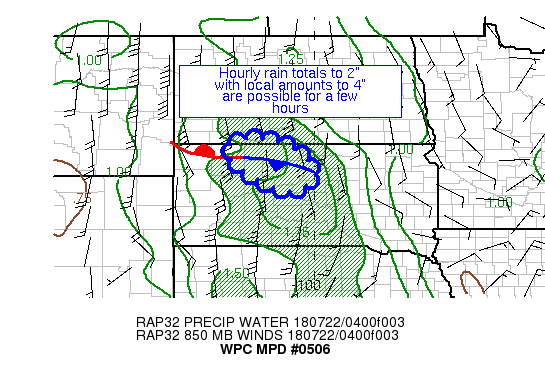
AREAS AFFECTED...NORTH-CENTRAL SD

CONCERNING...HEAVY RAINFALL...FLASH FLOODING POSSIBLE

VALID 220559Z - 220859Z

SUMMARY...THUNDERSTORMS ARE CONGEALING ACROSS NORTHERN SD.  HOURLY
RAIN TOTALS TO 2" WITH LOCAL AMOUNTS TO 4" ARE POSSIBLE.

DISCUSSION...AT THE UPPER LEVELS, A SHORTWAVE MOVING BY TO THE
NORTH ACROSS ND AND AN OUTFLOW JET FROM CONVECTION IN SOUTHWEST SD
ARE CONSPIRING WITH A GROWING INSTABILITY POOL IN SD WITH MU CAPE
VALUES OF 2000+ J/KG AND INFLOW AT 850 HPA OF 15-25 KTS TO HELP
CONGEAL CONVECTION OVER A SMALL AREA OF NORTHERN SD.  EFFECTIVE
BULK SHEAR OF 30-50 KTS IS HELPING TO ORGANIZE THE SMALL COMPLEX.
PRECIPITABLE WATER VALUES ARE ESTIMATED TO BE 1.5-1.75" PER RAP
ANALYSES.

THE MESOSCALE GUIDANCE IS NOT DOING WELL IN THIS AREA.  THE
EXPECTATION IS FOR THIS SMALL CLUSTER TO PERSIST FOR A SHORT
PERIOD OF TIME.  THE COMBINATION OF A COMPLEX IN SOUTHERN SD IS
FADING AND THE SHORTWAVE PASSING FARTHER EASTWARD ACROSS ND SHOULD
WEAKEN UPPER DIVERGENCE AND LEAD TO A COLLAPSE OF THE COMPLEX
WITHIN A FEW HOURS.  IF IT PERSISTS, VEERING LOW-LEVEL INFLOW
SHOULD INDUCE SOME SOUTHEASTERLY MOTION WITH TIME.  UNTIL IT DIES
OR MOVES, HOURLY RAIN TOTALS TO 2" WITH LOCAL AMOUNTS TO 4" ARE
POSSIBLE.